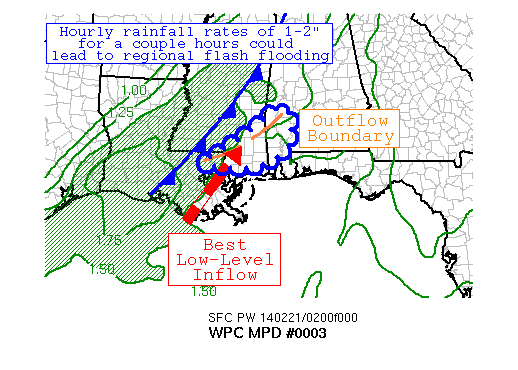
AREAS AFFECTED...SOUTHEAST LA...SOUTHERN MS...SOUTHWEST AL

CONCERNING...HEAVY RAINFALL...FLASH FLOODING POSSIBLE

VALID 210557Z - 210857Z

SUMMARY...THUNDERSTORMS CONTINUE TO TRAIN ALONG A PRE-FRONTAL
OUTFLOW BOUNDARY ACROSS PORTIONS OF SOUTHEAST LA...SOUTHERN
MS...AND ARE EXPECTED TO EXTEND INTO SOUTHWEST AL SHORTLY.
REGIONAL FLASH FLOODING IS POSSIBLE IN THIS AREA.

DISCUSSION...OBSERVATIONS OVER THE LAST FEW HOURS INDICATE THAT AN
OUTFLOW BOUNDARY FROM SOUTHERN MS AND SOUTHEAST LA HAS PUSHED
SOMEWHAT EASTWARD AND IS SLIGHTLY BETTER ALIGNMENT/MORE PARALLEL
TO AN INCOMING COLD FRONT MOVING INTO SOUTHEAST LA AND CENTRAL MS
AT THIS TIME.  PRECIPITABLE WATER VALUES CLOSE TO 1.75" REMAIN IN
THE 99TH PERCENTILE FOR MID TO LATE FEBRUARY, AND LOW-LEVEL INFLOW
FROM THE GULF OF MEXICO OF 50-55 KTS (PER VAD WIND PROFILES)
CONTINUES INTO THE REGION. RESULTANT LOW-LEVEL SHEAR REMAINS IN
THE NEIGHBORHOOD OF 40 KTS, WHICH COMBINED WITH CAPE VALUES ABOVE
1000 J/KG PER THE 01Z RAP GUIDANCE STILL SUPPORTS WET MULTICELLS.
RADAR ESTIMATES OF RAINFALL ACROSS SOUTHERN MS REMAIN 1-2" PER
HOUR.  DIVERGENCE ALOFT REMAINS SIGNIFICANT NEAR A SPLIT IN THE
UPPER LEVEL JET PATTERN.

CAPES ACROSS THE REGION ARE EXPECTED TO SLOWLY FADE OVERNIGHT.
WITHIN THE NEXT FEW HOURS, AND COMBINED WITH THE COLD FRONT
OVERTAKING THE OUTFLOW BOUNDARY IN THE NEXT 2-3 HOURS, THE
REGIONAL FLASH FLOOD RISK SHOULD END BY 09Z.  UNTIL THEN HOWEVER,
AREAS OF SOUTHEAST LA, SOUTHERN MS, AND SOUTHWEST AL COULD SEE A
COUPLE HOURS OF CELL TRAINING AS THE OUTFLOW BOUNDARY EXTENDS
FARTHER TO THE EAST AND EAST-NORTHEAST, WHICH COULD LEAD TO
REGIONAL FLASH FLOODING.